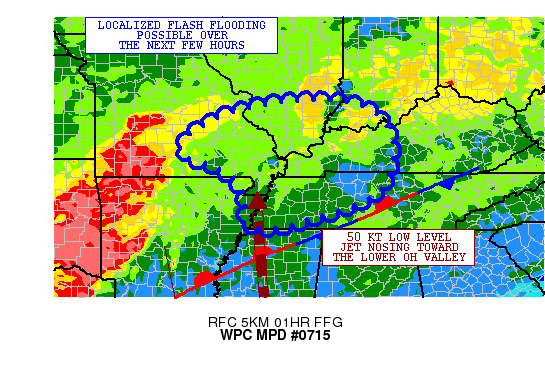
AREAS AFFECTED...FAR NORTHEAST AR...SOUTHEAST MO...WESTERN
TN...SOUTHERN IL...SOUTHWEST IN...WESTERN KY

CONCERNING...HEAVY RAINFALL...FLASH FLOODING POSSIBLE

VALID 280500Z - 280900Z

SUMMARY...LOCALLY HEAVY SHOWERS AND THUNDERSTORMS MOVING OVER
LOCALLY SATURATED SOILS MAY RESULT IN SOME ISOLATED FLASH FLOOD
CONCERNS OVER THE NEXT FEW HOURS.

DISCUSSION...IR SATELLITE IMAGERY SHOWS SOME RATHER COLD-TOPPED
CONVECTION ADVANCING NORTH THROUGH WESTERN TN...WESTERN KY AND
SOUTHEAST MO. FFG VALUES THROUGHOUT THE LOWER OH VALLEY ARE QUITE
LOW DUE TO HEAVIER RAINS EARLIER IN THE DAY AND SO ADDITIONAL
RAINS WILL ELEVATED THE CONCERN FOR RUNOFF PROBLEMS.

THE CONVECTION IS BEING AIDED BY THE NOSE OF A 50 KT SOUTHERLY LOW
LEVEL JET ADVANCING NORTH AND INTERACTING WITH A FRONTAL ZONE
GRADUALLY LIFTING BACK NORTH THROUGH THE LOWER MS AND TN VALLEYS.
THE UPPER LEVEL FLOW IS ALSO RATHER DIFFLUENT ALOFT AND OVER THE
NEXT FEW HOURS ADDITIONAL CLUSTERS OF CONVECTION ARE LIKELY TO
DEVELOP ALONG THE WARM FRONT AND LIFT NORTH THROUGH WESTERN TN AND
TOWARD THE LOWER OH VALLEY REGION.

A NOSE OF 1.5 INCH PWATS IS EXPANDING NORTH WITH TIME TOWARD THE
LOWER OH VALLEY AND THIS WILL PROMOTE AN INCREASE IN RAINFALL
RATES WHICH MAY REACH 1 TO 2 INCHES/HR WITHIN SOME OF THE STRONGER
CONVECTIVE CORES.

THE HIRES GUIDANCE OVERALL IS HANDLING THIS ACTIVITY QUITE
POORLY...WITH ONLY THE HRRR HAVING ANY REAL DEPICTION OF THE
ONGOING ACTIVITY. EXPECT ADDITIONAL RAINFALL AMOUNTS OF 1 TO 3
INCHES WITH ISOLATED HEAVIER AMOUNTS THOROUGH ABOUT 09Z. THIS MAY
BE ENOUGH TO AT LEAST FOSTER SOME ADDITIONAL RUNOFF PROBLEMS AND
ISOLATED FLASH FLOODING.